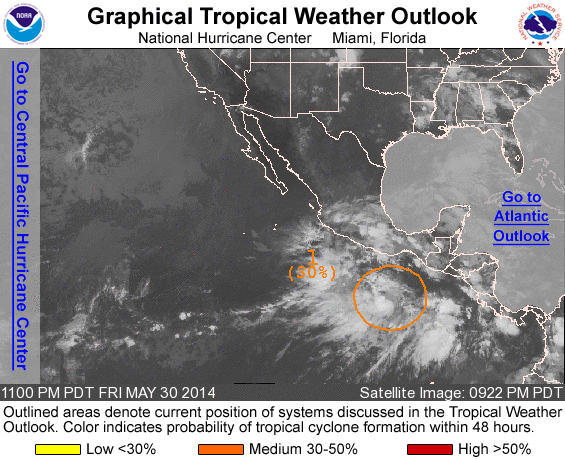
For the eastern North Pacific...east of 140 degrees west longitude:

1. A broad area of low pressure located several hundred miles south of southeastern Mexico has changed little in organization this evening. Environmental conditions are expected to become increasingly conducive for development of this system during the next few days as it drifts northward toward the Gulf of Tehuantepec.
* Formation chance through 48 hours...medium...30 percent
* Formation chance through 5 days...high...70 percent

Forecaster Blake